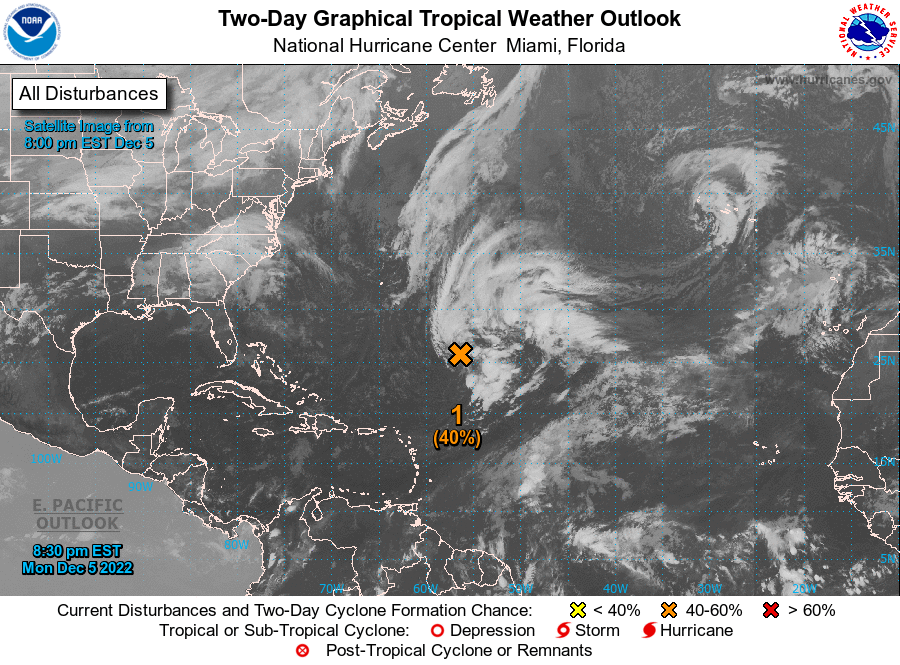
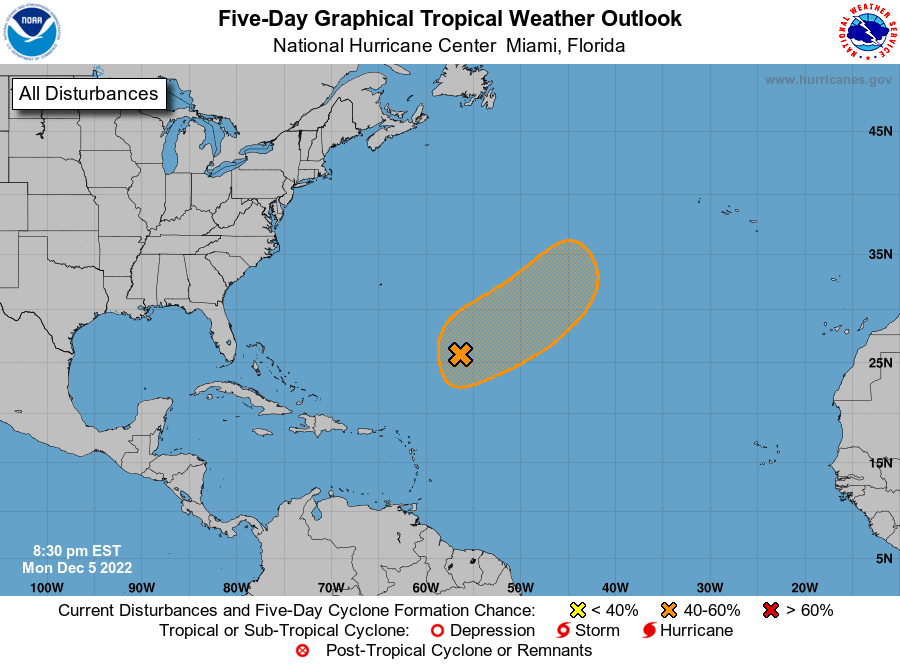
For the North Atlantic...Caribbean Sea and the Gulf of Mexico:

Special Tropical Weather Outlook issued to discuss the potential for subtropical development this week over the central Atlantic.

1. Central Subtropical Atlantic: A large and complex area of low pressure located over the central subtropical Atlantic about 800 miles northeast of the northern Leeward Islands continues to produce a broad area of disorganized showers and thunderstorms. Environmental conditions appear conducive for this system to acquire some subtropical or tropical characteristics while it meanders generally northeastward during the next few days. By Friday, the low is expected to move over cooler waters and interact with a mid-latitude trough, limiting potential of tropical transition after that time. Additional information on this system, including gale warnings, can be found in High Seas Forecasts issued by the National Weather Service. The next Special Tropical Weather Outlook on this system will be issued by 9 AM EST Tuesday, or earlier, if necessary.
* Formation chance through 48 hours...medium...40 percent.
* Formation chance through 5 days...medium...50 percent.

High Seas Forecasts issued by the National Weather Service can be found under AWIPS header NFDHSFAT1, WMO header FZNT01 KWBC, and online at ocean.weather.gov/shtml/NFDHSFAT1.php

Forecaster Papin